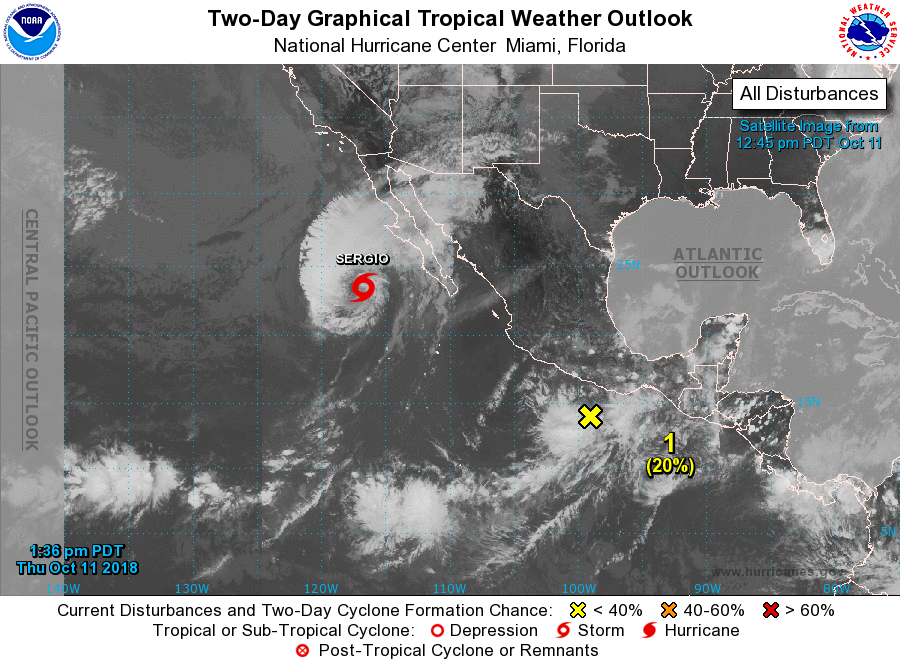
For the eastern North Pacific...east of 140 degrees west longitude:

The National Hurricane Center is issuing advisories on Tropical Storm Sergio, located several hundred miles west of the southern tip of the Baja California peninsula.

1. A trough of low pressure located a couple of hundred miles off the coast of southern Mexico continues to produce disorganized showers and thunderstorms. Some slow development of this system is possible during the next couple of days while it moves slowly toward the west-northwest, closer to the coast of Mexico. Further development is unlikely after this weekend since the disturbance will be near or over land.
* Formation chance through 48 hours...low...20 percent.
* Formation chance through 5 days...low...20 percent.

Forecaster Zelinsky